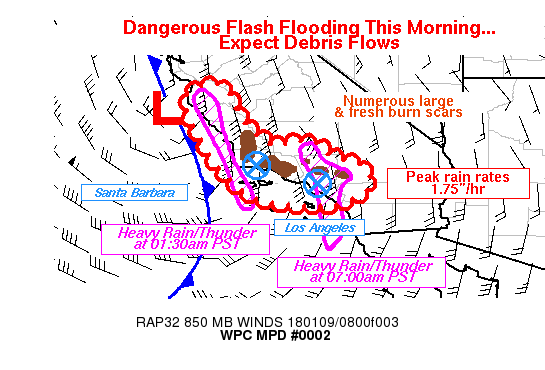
AREAS AFFECTED...SOUTHERN CA

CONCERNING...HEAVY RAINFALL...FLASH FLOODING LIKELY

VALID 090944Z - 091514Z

SUMMARY...ANTICIPATED HIGH IMPACT FLASH FLOOD EVENT WAS GETTING
UNDERWAY AT 0930Z. HEAVY RAIN RATES WILL PROGRESS WEST TO EAST
ALONG THE COAST AND COASTAL MOUNTAIN RANGES THROUGH EARLY MORNING.
FLASH FLOODING LIKELY...ESPECIALLY OWING TO RECENT LARGE BURN
SCARS AND ASSOCIATED DEBRIS FLOWS.

DISCUSSION...GOES-16 MESO SECTOR 1-MINUTE IMAGERY SHOWED
INCREASINGLY COLD CLOUD TOPS DOWN TO -50C APPROACHING THE COASTAL
BEND / POINT CONCEPTION...AND ASSOCIATED WITH RADAR IMAGERY FROM
KVBX OF A STRONGLY FORCED SQUALL LINE. NO RECENT AMSU PASS WAS
AVAILABLE SINCE THE DEVELOPMENT OF THE LINE...BUT DUAL-POL RADAR
ESTIMATES FROM KVBX SHOWED HOURLY RATES APPROACHING AN IMPRESSIVE
1.50 INCHES/HOUR OFFSHORE. WHEN BRINGING THIS RAIN ONSHORE FOR
OROGRAPHIC ENHANCEMENT...WITH KVBX VAD WIND INDICATING
SOUTHEASTERLY 45 KNOT 925 MB WIND...SUSPECT THAT ISOLATED
ACCUMULATIONS COULD REACH 1.75 INCHES PER HOUR...SEEMINGLY BORN
OUT IN THE 08Z HRRR HOURLY RAINFALL PROJECTION. THE HRRR AND 00Z
WRF-ARW WERE HANDLING THE TIMING AND PLACEMENT PARTICULARLY
WELL...AND WOULD INDICATE STEADY EASTWARD PROGRESSION OF THE
LEADING LINE OF CONVECTION...DISSIPATING OVER MONTEREY AND SAN
LUIS OBISPO COUNTIES BY 13Z...BUT REMAINING STRONG ACROSS SANTA
BARBARA/VENTURA COUNTIES...REACHING LOS ANGELES AROUND 13Z GIVE OR
TAKE.

THE INTENSE RATES LIKELY WILL NOT LAST MORE THAN AN HOUR AT A
GIVEN LOCATION...BUT ADDITIONAL CONVECTIVE RAINS WILL FOLLOW
BEHIND THE STRONGER INITIAL WAVE/SUPPORTED BY STRONGLY DIFLUENT
FLOW ENE OF DEVELOPING MID LEVEL CLOSED LOW AND ASSOCIATED 120
KNOT JET STREAK. EXPECT 2-4 INCH AREAL AVERAGE EVENT TOTALS...BUT
ISOLATED 6-PLUS INCH TOTALS IN FAVORED TERRAIN...MUCH OF WHICH MAY
FALL BY 15Z. GIVEN THE INTENSE FIRE SEASON WITH MANY LARGE FRESHLY
BURNED AREAS...IMPACTS FROM FLASH FLOODING... MUDSLIDES...AND
DEBRIS FLOWS ARE ANTICIPATED.